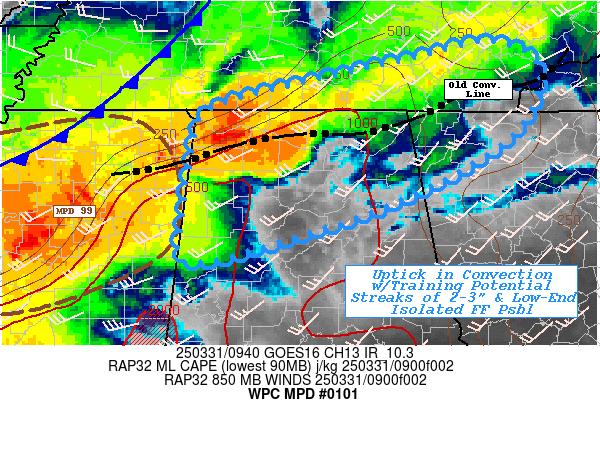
Areas affected...Northern AL...Northwest
GA...South-central/Southeast TN...

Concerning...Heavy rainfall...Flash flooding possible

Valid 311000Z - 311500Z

SUMMARY...Multiple rounds of repeating thunderstorms capable of
2-3" totals may result in isolated incidents of flash flooding
into early morning hours.

DISCUSSION...GOES-E WV suite shows convective line across
Middle-TN is starting to reduce southeastward progression between
the exiting of the main shortwave across the Great Lakes and the
approaching wave across the Ozarks.  Upstream convective complex
is starting to feedback with developing outflow jet with
transverse banding features noted across the Mississippi River
Valley.  VWP suite shows 700-500 steering flow is becoming
increasingly parallel to the orientation of the old convective
line across southern TN, while GWX 925-850mb flow shows some
backed inflow obliquely intersecting the old outflow
boundary/convective line across NW to north-central AL; with weak
southerly surface to boundary layer flow proving some flux of
remaining unstable, moist air across northern AL.

As such, GOES-E 10.3um and Regional RADAR shows an uptick in
convective vigor along and downstream of the approaching shortwave
energy in N MS into NW AL.  Narrow MLCAPE axis of 1000-1750 J/kg
remains across the area of concern to feed the development as well
as maintain approaching stronger cells across N MS.  Given the
aforementioned steering flow supporting parallel flow to the
boundary, there is an increasing chance of a few hours of
training/repeating convective cores ahead of the main line and
approaching cold front.  While deep layer moisture is more limited
than further upstream, solid low level Tds in the mid to upper 60s
and solid 80-100% RH values through 850-700mb along the axis
should allow for efficient rainfall production with limited loss
to evaporation.  So with overall Total PWats around 1.5-1.6";
rates of 1.75"/hr occasionally reaching 2"/hr are possible.  With
one to two hours of repeating with very slow southeastward
propagation of the line, spots of 2-3" totals are becoming more
likely.

Soils are not as dry as locations to the south and east, with
average soil saturation around 55-60% through 40cm,  FFG values
across the area are near/at the limits of these hourly rates and
totals.  However, given the average nature of the soils, perhaps
infiltration will be fairly solid to keep flash flooding risk
limited to typically prone areas and urban locations or isolated
spots over the FFG.  All in all, a spot or two of flash flooding
is considered possible, if training conditions are ideal
downstream of MPD 99 in AL/S TN/NW GA.